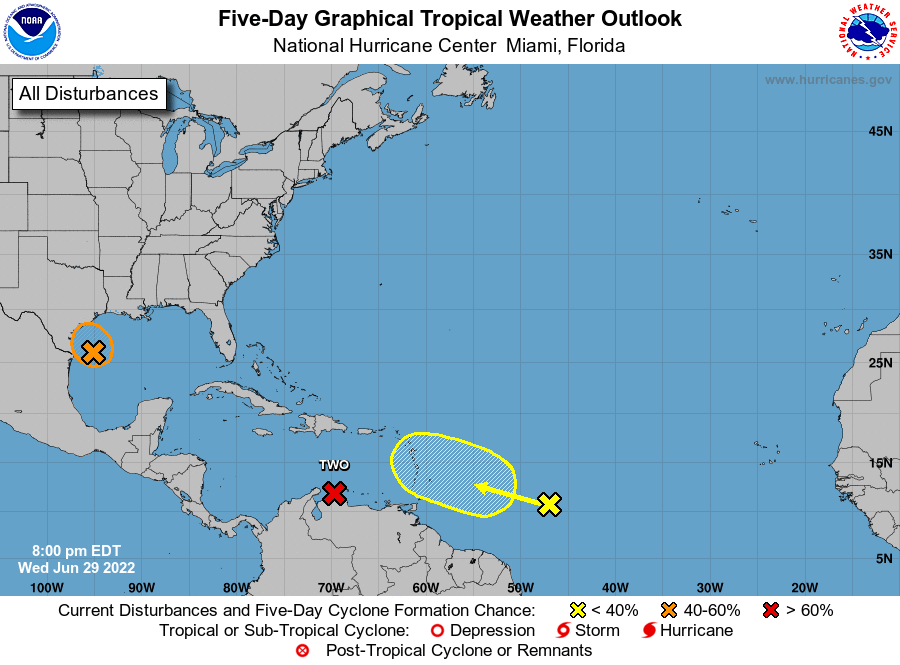
For the North Atlantic...Caribbean Sea and the Gulf of Mexico:

Southeastern Caribbean Sea: The National Hurricane Center is issuing advisories on Potential Tropical Cyclone Two, located over the southern Caribbean Sea near Aruba, Bonaire, and Curacao.
* Formation chance through 48 hours...high...90 percent.
* Formation chance through 5 days...high...90 percent.

1. Western Gulf of Mexico: An Air Force Reserve Hurricane Hunter aircraft investigated the low pressure are over the western Gulf of Mexico this afternoon and found a closed wind circulation. However, at this time the associated shower and thunderstorm activity is too poorly organized to designate the system as a tropical depression. This system is forecast to move slowly westward and approach the coast of southern Texas and northern Mexico by early Thursday. Some slow development is still possible and it could become a short-lived tropical depression near the coast before it turns northwestward and moves inland over Texas later on Thursday. Regardless of development, heavy rain will be possible along portions of the Texas coast for the next few days. For more information about the potential for heavy rain, please see products issued by your National Weather Service office.
* Formation chance through 48 hours...medium...40 percent.
* Formation chance through 5 days...medium...40 percent.

2. Western Tropical Atlantic: A tropical wave located over the western tropical Atlantic continues to produce disorganized showers and thunderstorms. Slow development of this system is possible while it moves west-northwestward for the next few days. The wave is forecast to move over the Windward Islands late Friday or early Saturday and then over the eastern Caribbean Sea by the weekend, where further development is unlikely due to unfavorable environmental conditions.
* Formation chance through 48 hours...low...10 percent.
* Formation chance through 5 days...low...20 percent.

Forecaster Beven